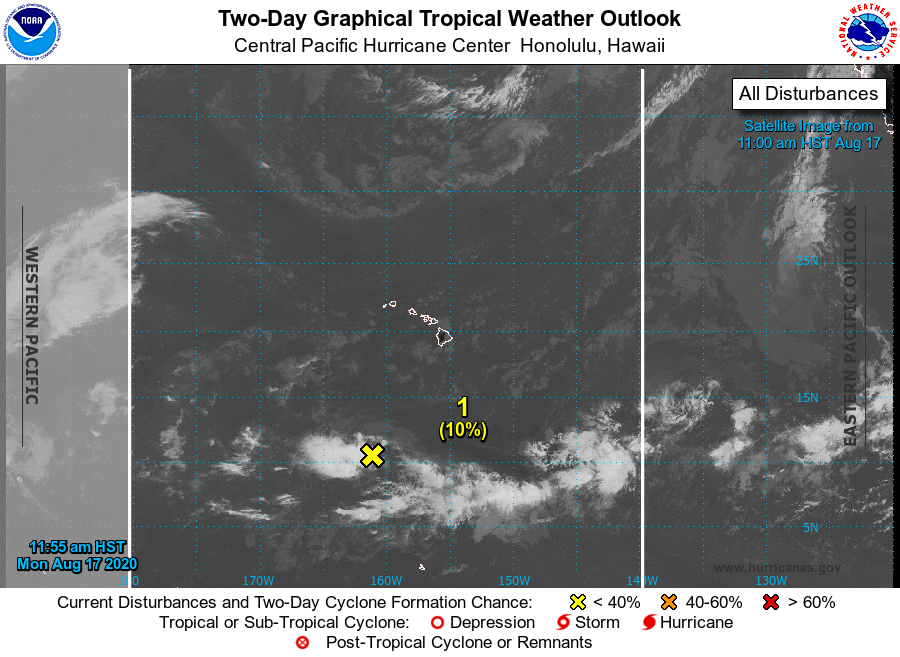
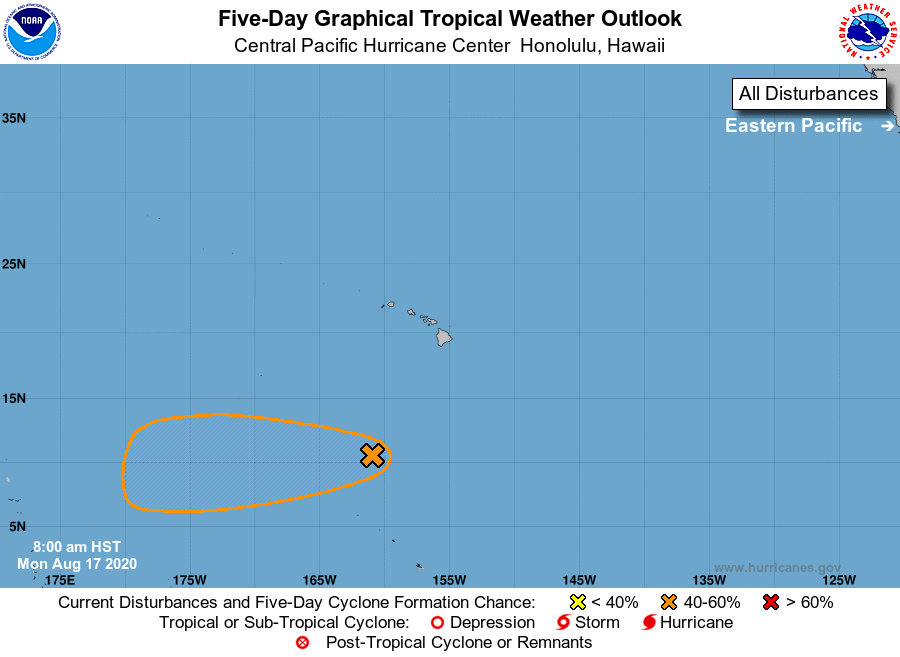
For the central North Pacific...between 140W and 180W:

1. An area of low pressure about 750 miles south-southwest of Honolulu, Hawaii is producing some showers and thunderstorms, but lacks significant organization. Environmental conditions are not expected to be very conducive for development over the next few days as the system moves slowly westward.
* Formation chance through 48 hours...low...10 percent.
* Formation chance through 5 days...medium...40 percent.

Elsewhere, no tropical cyclones are expected during the next 5 days.

Forecaster TS